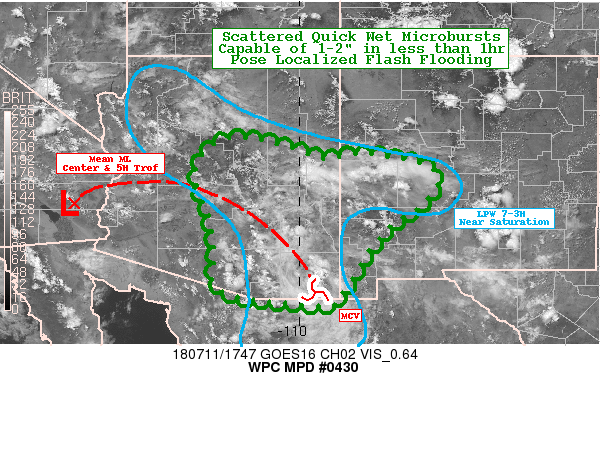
AREAS AFFECTED...EASTERN AND SOUTHEAST AZ...EXT WEST CENTRAL NM...

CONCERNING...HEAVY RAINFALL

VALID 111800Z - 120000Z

SUMMARY...LIMITED ORGANIZATION BUT SCATTERED QUICK HIGHLY
EFFICIENT WET MICROBURST WITH 1-2" IN LESS THAN AN HOUR TO POSE
LOCALIZED FLASH FLOODING RISK.

DISCUSSION...GOES-16 1-MINUTE VISIBLE .5KM LOOP SHOWS A BROAD AREA
OF CONVECTIVE INITIATION WITH SCATTERED TCU BECOMING DEEPER CBS
WITH EXPANDING ANVILS PARTICULARLY ACROSS SE AZ VERY NEAR A
REMNANT MCV THAT CROSSED INTO COCHISE COUNTY.  A MID-LEVEL TROF
CAN BE ANALYZED THROUGH VWP AND GOES-16 WV SUITE EXTENDING NORTH
AND NORTHEAST THROUGH THE SUN VALLEY AND ARCHING BACK TOWARD THE
MEAN LARGER SCALE CENTER OVER SE CA.  NORTH AND EAST OF THIS TROF
MOISTURE IS POOLED THROUGH A GREAT DEPTH AS FAR NORTH AS NORTH
CENTRAL AZ TO BACK TO CENTRAL NM. CIRA LPWS OVER .2" IN THE 3-5H
LAYER FAN BACK FROM SE COCONINO, AZ TO SOCORRO, NM COUNTIES.
MID-LEVEL DRY AIR IS FURTHER NORTH AND EAST OF THIS AXIS WITH 7-5H
OVER .5" PW...WHICH IS VERIFIED WITH THE 12Z ABQ SOUNDING COMPARED
TO FGZ & 74626.  NEAR THE MCV DEEPER MOISTURE IS POOLED WITH TUS
SOUNDING INDICATING TPWS TO 1.8".

EVEN THOUGH CLOUD COVER WAS MDT TO SOLID THIS MORNING...BREAKS
QUICKLY EVOLVED EVEN VERY NEAR THE MCV ITSELF AND FURTHER WEST IN
THE DEEPEST MOISTURE OF W PIMA COUNTY. THIS WAS ALSO THE CASE FOR
CATRON/SOCORRO COUNTIES IN NM...AND AS SUCH INSTABILITY INCREASED
SUFFICIENTLY OVER 1500 SBCAPES PER RAP ANALYSIS.  WITH NEARLY ZERO
CAPPING...THE CELLS ARE ALREADY DEVELOPING ON HIGHEST TERRAIN
LOCATED IN THESE BREAKS. GIVEN DEPTH OF THE MOISTURE CELLS WILL BE
VERY EFFICIENT WITH LIMITED LOSS TO EVAPORATION WHEN FALLING.
INITIALLY RATES WILL BE AT OR BELOW 1" IN THE 30 MINUTES/1HR OF
THE UP/DOWN CYCLE OF THESE INITIAL CELLS.  THE LIMITING FACTOR TO
THESE CELLS IS ORGANIZATION AS WINDS (PARTICULARY AT CLOUD BASE)
ARE LESS THAN 10KTS THROUGHOUT THE DOMAIN.  ONLY A VERY SMALL ZONE
OF 10-15KT AT 8-7H CAN BE ANALYZED ON THE NORTH AND EAST SIDE OF
THE MCV LIFTING NORTHWARD ALONG THE AZ/NM LINE. SO THERE IS SOME
POTENTIAL FOR LONGER DURATION OR SLIGHTLY INCREASED ORGANIZATION
HERE.

INITIALLY FF RISK WILL BE LIMITED IN AREAL COVERAGE UNTIL
INSTABILITY FURTHER INCREASES AND PEAKS AROUND THE 20-22Z TIME
FRAME AND OUTFLOW BOUNDARY COLLISIONS ARE MORE FREQUENT ALLOWING
FOR BROADER/STRONGER UPDRAFTS/OVER-TURNING.  STILL WITHOUT THE
MAINTAINED INFLOW...WET MICROBURSTS WITH  1-2" TOTALS IN A VERY
SHORT TIME (LESS THAN 1 HOUR) OVER THIS BROADER AREA OF THE
DOWNDRAFT ARE MORE LIKELY TO POSE FLASH FLOODING RISKS IN LINE
WITH HRRRE NEIGHBORHOOD PROBABILITIES OF 1"/1HR RUNNING ABOUT
50-90% NEAR THE MCV FROM 19Z-21Z SHIFTING TOWARD THE DEEPER
MOISTURE BAND TO THE NORTH ALONG THE EASTERN MOGOLLON RIM INTO NM
TOWARD 00Z.   AS SUCH FLASH FLOODING IS CONSIDERED POSSIBLE BUT
HIGHLY LOCALIZED.